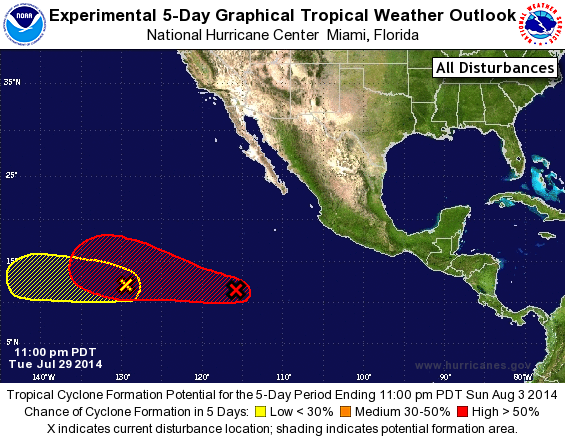
For the eastern North Pacific...east of 140 degrees west longitude:

1. An area of low pressure located about 950 miles south-southwest of the southern tip of the Baja California peninsula is producing disorganized showers and thunderstorms. Environmental conditions are conducive for gradual development of this system during the next several days while it moves west-northwestward at 10 to 15 mph.
* Formation chance through 48 hours...low...20 percent.
* Formation chance through 5 days...high...70 percent.

2. Disorganized cloudiness and showers are associated with a broad area of low pressure located about 1500 miles southwest of the southern tip of the Baja California peninsula. Some slow development of this system is possible during the next several days while it moves westward.
* Formation chance through 48 hours...low...10 percent.
* Formation chance through 5 days...low...20 percent.

Forecaster Cangialosi